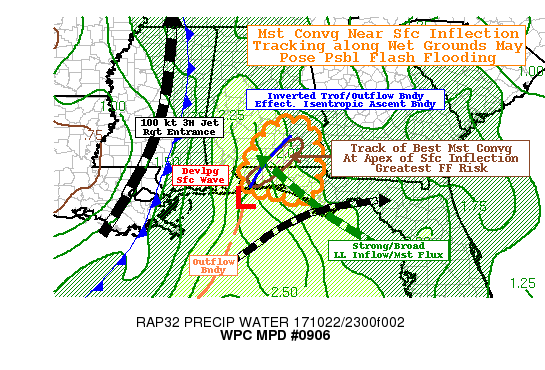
AREAS AFFECTED...SOUTHEAST AL...WESTERN FL PANHANDLE

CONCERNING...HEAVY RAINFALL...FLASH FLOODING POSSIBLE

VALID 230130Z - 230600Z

SUMMARY...INTENSITY/COVERAGE OF EXTREME RAINFALL REDUCING IN TIME
THOUGH ISOLATED FLASH FLOODING REMAINS POSSIBLE IN EARLY
OVERNIGHT.

DISCUSSION...01Z SFC MESOANALYSIS DEPICTS A WEAK SURFACE
INFLECTION OF MCV LIFTING NORTHEAST ACROSS PENSACOLA METRO ALONG
OLD OUTFLOW BOUNDARY THAT CONTINUES TO WASH OUT DUE SOUTH ACROSS
THE CENTRAL GULF.  NORTH OF THE INFLECTION THE NORTHERN PORTION OF
THE OUTFLOW BOUNDARY REINFORCED BY RAIN COOLED AIR ANGLES NORTH
INTO SE AL FROM NDZ TO TOI AND ACTS AS AN IDEAL BOUNDARY FOR
STRONG ISENTROPIC ASCENT FROM 20-30KT MOIST 925MB FLOW.  TEMPS IN
THE MID 70S AND TDS IN THE UPPER 60S/LOW 70S AND WEAK LAPSE RATES
STILL PROVIDE 500-750 J/KG OF MUCAPE TO KEEP SOLID CONVECTIVE
CORES PRODUCING 1.0-1.5"/HR RATES ALONG THIS AXIS WITH VERY SLOW
EASTWARD PROPAGATION OF THE BOUNDARY.  THIS POSES A MORE
INUNDATION STYLE TO POTENTIAL FLOODING OVER THE NEXT FEW HOURS.

STRONG HEIGHT FALLS AND RIGHT ENTRANCE REGION OF ENHANCING
DIFFLUENT JET STREAK ARE TRANSLATING THE BEST UL DIVERGENCE
SUPPORT AS WELL AS THE COLD FRONT FURTHER EAST.  AS SUCH THE WEAK
SURFACE INFLECTION IS EXPECTED TO FURTHER DEEPEN/CONNECT TO THE
BOUNDARY TOWARD 04-05Z...THIS WILL STRENGTHEN LOW LEVEL FLOW AND
CONVERGENCE ALONG THE NORTHEAST SIDE OF THE SFC LOW AS IT LIFTS
NORTHEAST ALONG THE INVERTED TROF. AT THIS INTERFACE STRONGER
ASCENT/MST CONVERGENCE MAY SUPPORT 2-2.5"/HR RATES POSING THE
GREATEST RISK FOR FLASH FLOODING.  EVENTUALLY THE COLD FRONT WILL
ADVANCE EASTWARD LIMITING DURATION OF HEAVY RAINFALL ESPECIALLY
OVER DRIER/HIGHER FFG OVER THE CENTRAL FL PANHANDLE...REDUCING THE
THREAT TO QUICK BURST/HIGH RATES IN SHORT DURATION.  ALL
CONSIDERED FLASH FLOODING IS CONSIDERED POSSIBLE OVER THE NEXT
3-6HRS.